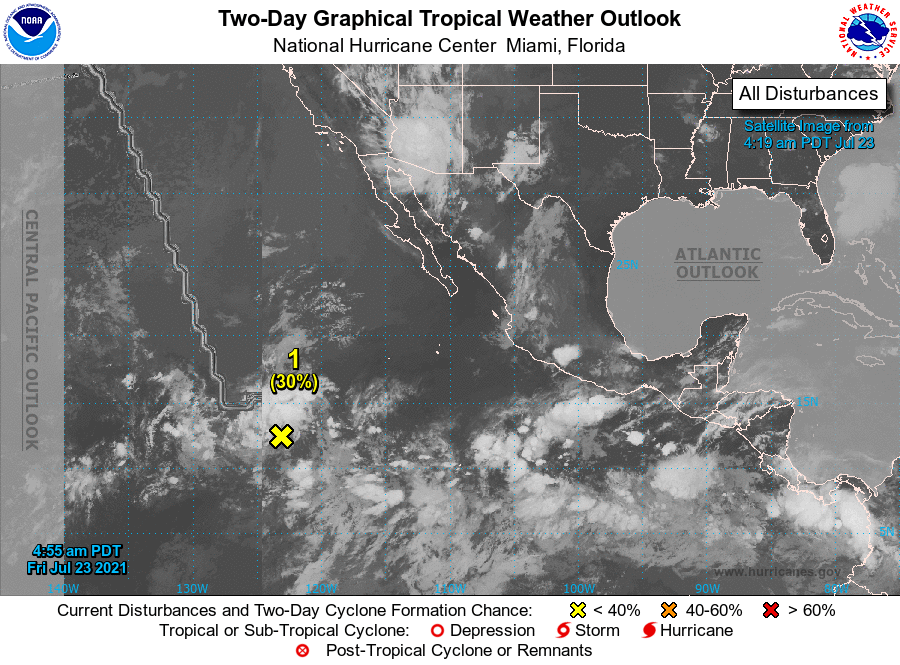
For the eastern North Pacific...east of 140 degrees west longitude:

1. An area of disturbed weather located about 1200 miles southwest of the southern tip of the Baja California peninsula continues to produce a large area of showers and thunderstorms. Environmental conditions are generally conducive for some development, and this system could become a tropical depression this weekend or early next week before it moves over cooler waters while moving westward to west-northwestward at 10-15 mph.
* Formation chance through 48 hours...low...30 percent.
* Formation chance through 5 days...medium...40 percent.

Forecaster Papin/Beven